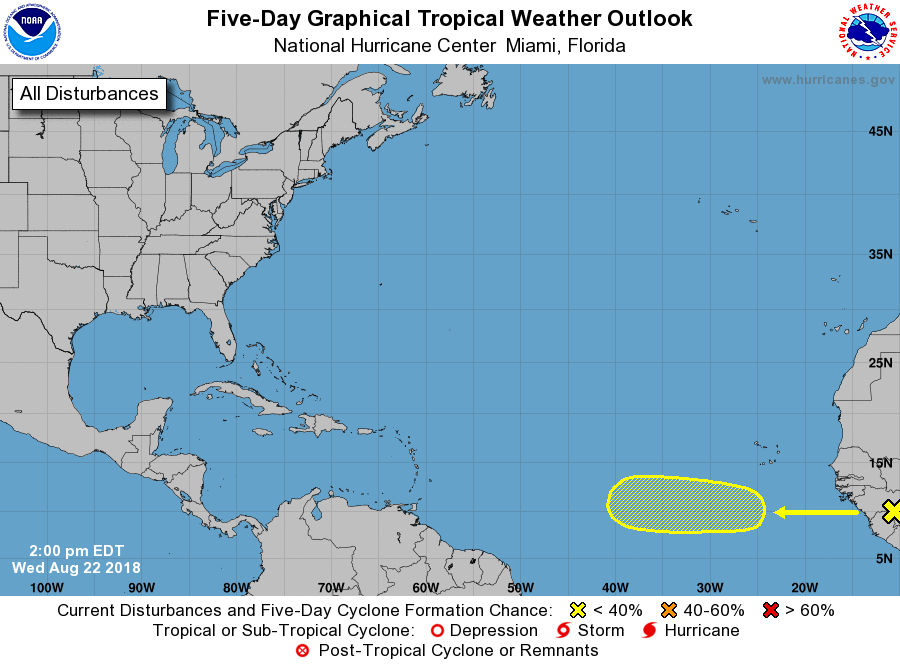
For the North Atlantic...Caribbean Sea and the Gulf of Mexico:

1. A tropical wave is forecast to emerge off the west coast of Africa by late Thursday, and then move westward at around 15 mph for the next several days thereafter. Environmental conditions are expected to gradually become more conducive for some development to occur by early next week.
* Formation chance through 48 hours...low...near 0 percent.
* Formation chance through 5 days...low...20 percent.

Forecaster Stewart